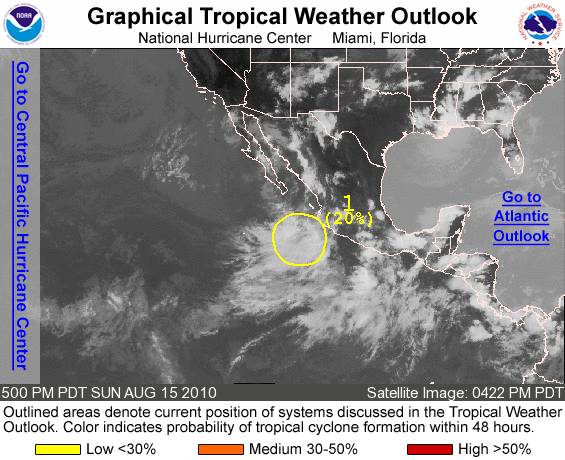
FOR THE EASTERN NORTH PACIFIC...EAST OF 140 DEGREES WEST LONGITUDE..

1. A BROAD AREA OF LOW PRESSURE LOCATED ABOUT 350 MILES SOUTH-SOUTHEAST OF THE SOUTHERN TIP OF BAJA CALIFORNIA CONTINUES TO PRODUCE A LARGE AREA OF DISORGANIZED SHOWERS AND THUNDERSTORMS. ANY DEVELOPMENT OF THIS SYSTEM IS EXPECTED TO BE SLOW TO OCCUR DUE TO UNFAVORABLE UPPER-LEVEL WINDS THAT ARE EXPECTED TO CONTINUE FOR THE NEXT DAY OR SO. THERE IS A LOW CHANCE...20 PERCENT...OF THIS SYSTEM BECOMING A TROPICAL CYCLONE DURING THE NEXT 48 HOURS AS IT DRIFTS SLOWLY NORTHWARD.

ELSEWHERE...TROPICAL CYCLONE FORMATION IS NOT EXPECTED DURING THE NEXT 48 HOURS.

FORECASTER BRENNAN/STEWART